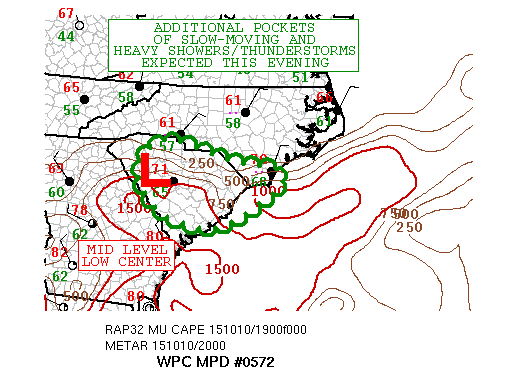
AREAS AFFECTED...CENTRAL AND EASTERN SOUTH CAROLINA...EXTREME
SOUTHEAST NORTH CAROLINA

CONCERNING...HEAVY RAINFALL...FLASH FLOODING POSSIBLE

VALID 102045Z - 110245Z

SUMMARY...ADDITIONAL POCKETS OF HEAVY SHOWERS AND THUNDERSTORMS
THROUGH EARLY EVENING MAY CONTINUE TO FOCUS SOME LOCALIZED FLASH
FLOODING.

DISCUSSION...LATE-DAY VISIBLE SATELLITE IMAGERY SHOWS SOME
CLEARING SKIES OVER PORTIONS OF CENTRAL AND SOUTHEAST SOUTH
CAROLINA THE LAST HOUR OR SO...THUS SOME INCREASING SOLAR
INSOLATION IS UNDERWAY WHICH IS LIKELY TO DESTABILIZE THE BOUNDARY
LAYER SOMEWHAT OVER THE NEXT COUPLE OF HOURS. MEANWHILE...A
COMPACT MID LEVEL LOW CENTER IS APPROACHING FROM THE UPSTATE OF
SOUTH CAROLINA WHICH IS ALREADY FOCUSING SOME NEW CELLS OF LOCALLY
HEAVY SHOWERS AND THUNDERSTORMS.

THE DEEPER MOISTURE IS ALREADY BEGINNING TO EXIT OFF THE SOUTHEAST
COAST...BUT STRONGER DYNAMICS ALOFT AND STEEPER MID LEVEL LAPSE
RATES ASSOCIATED WITH THE MID LEVEL LOW WILL INTERACT WITH
SUFFICIENT BOUNDARY LAYER MOISTURE AND INSTABILITY FOR THERE TO BE
SOME RENEWED EXPANSION OF CONVECTION OVER CENTRAL AND EASTERN
SOUTH CAROLINA OVER THE NEXT COUPLE OF HOURS.

THE CELLS ARE EXPECTED TO BE RATHER SLOW-MOVING AND CAPABLE OF
PRODUCING RAINFALL RATES IN EXCESS OF 1 INCH/HR...AND ADDITIONAL
STORM TOTALS OF 2 TO 3 INCHES LOCALLY. GIVEN THE RECENT HEAVY
RAINFALL AND SIGNIFICANT RUNOFF PROBLEMS...THESE ADDITIONAL RAINS
WILL RISK PRODUCING AT LEAST SOME LOCALIZED FLASH FLOODING THROUGH
THE EVENING HOURS.

IMPROVING CONDITIONS ARE EXPECTED THOUGH BY LATE EVENING AS THE
MID LEVEL LOW CENTER REACHES THE COAST AND BEGINS TO GRADUALLY
PUSH OFFSHORE.